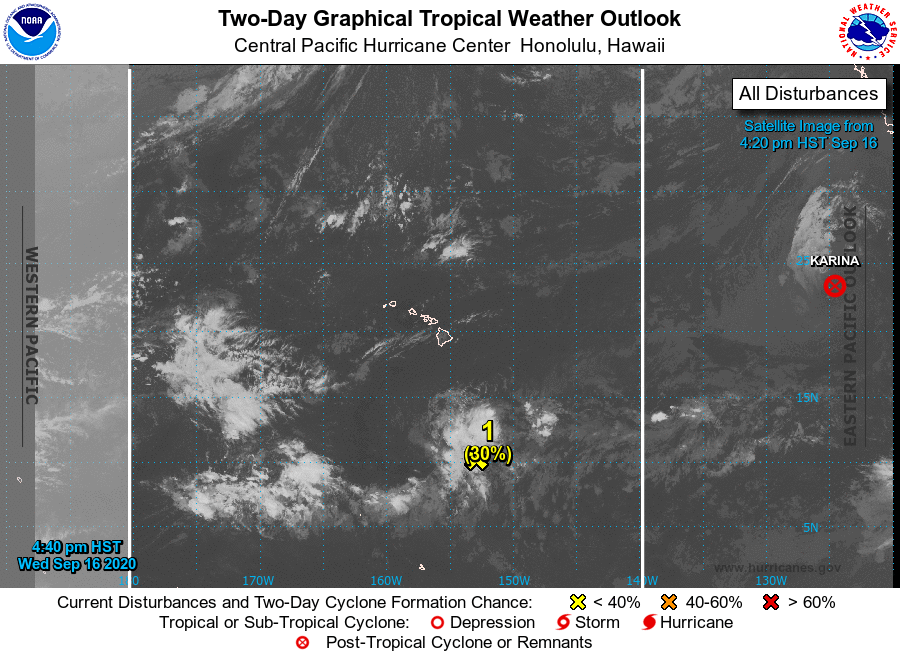
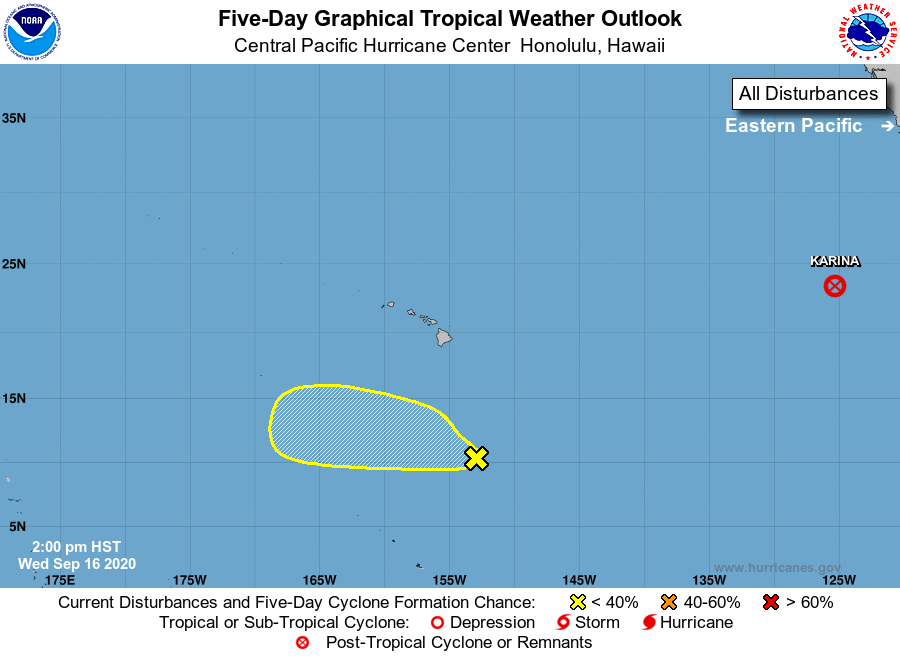
For the central North Pacific...between 140W and 180W:

1. Showers and thunderstorms associated with a weak cyclonic circulation are located about 650 miles south-southeast of Hilo, Hawaii. Environmental conditions remain somewhat conducive for the development of this system within the next couple of days.
* Formation chance through 48 hours...low...30 percent.
* Formation chance through 5 days...low...30 percent.

Elsewhere, no tropical cyclones are expected during the next 5 days.

Forecaster Blood